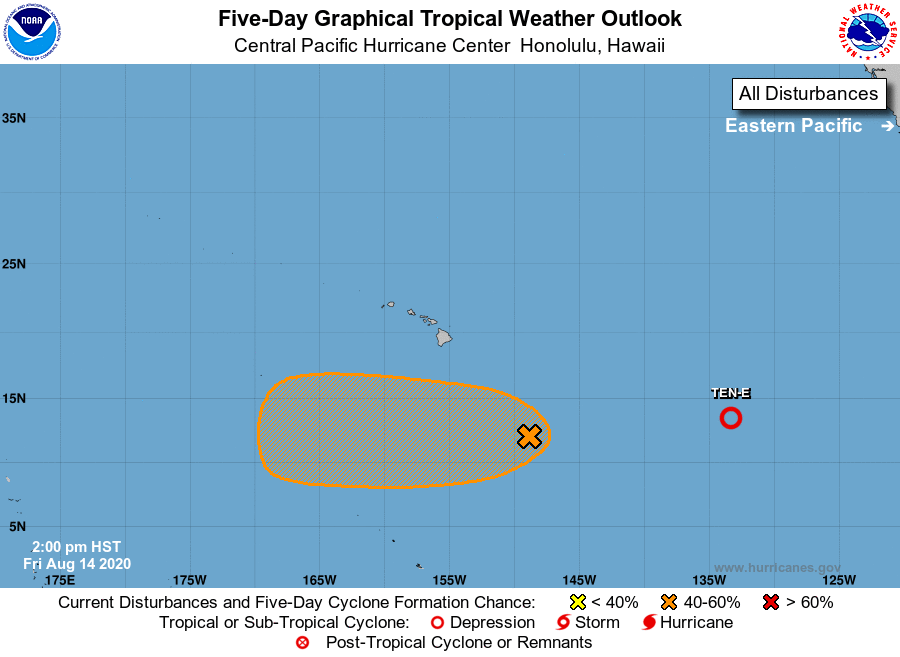
For the central North Pacific...between 140W and 180W:

1. A broad area of low pressure located around 550 miles southeast of Hilo, Hawaii, continues to produce disorganized showers and thunderstorms. Some gradual development of this system is possible through early next week as it moves westward at around 10 mph.
* Formation chance through 48 hours...low...20 percent.
* Formation chance through 5 days...medium...40 percent.

Elsewhere, no tropical cyclones are expected during the next 5 days.

Forecaster TS